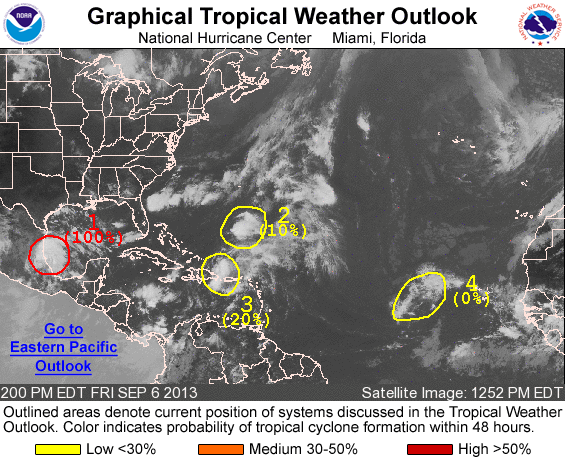
FOR THE NORTH ATLANTIC...CARIBBEAN SEA AND THE GULF OF MEXICO...

1. SATELLITE IMAGERY AND SURFACE OBSERVATIONS INDICATE THAT THE LOW PRESSURE AREA NEAR TAMPICO MEXICO HAS SLOWED ITS FORWARD MOVEMENT DURING THE PAST FEW HOURS. THIS HAS ALLOWED IT TO STAY OVER WATER AND BECOME BETTER ORGANIZED...AND A TROPICAL DEPRESSION ADVISORY WILL BE ISSUED IN THE NEXT HOUR OR TWO. THIS SYSTEM HAS A HIGH CHANCE...100 PERCENT...OF BECOMING A TROPICAL CYCLONE DURING THE NEXT 48 HOURS...AND A HIGH CHANCE...100 PERCENT...OF BECOMING A TROPICAL CYCLONE DURING THE NEXT FIVE DAYS. THE SYSTEM IS LIKELY TO BRING 3 TO 5 INCHES OF RAINFALL...WITH ISOLATED MAXIMUM AMOUNTS OF UP TO 8 INCHES...IN THE MEXICAN STATES OF VERACRUZ AND TAMAULIPAS DURING THE NEXT COUPLE OF DAYS. WINDS TO NEAR TROPICAL STORM FORCE ARE ALSO EXPECTED IN A FEW SQUALLS TODAY AND TONIGHT.

2. AN AREA OF DISTURBED WEATHER...ASSOCIATED WITH A TROUGH OF LOW PRESSURE...HAS BECOME MORE CONCENTRATED ABOUT 500 MILES SOUTH OF BERMUDA. DEVELOPMENT OF THIS SYSTEM DURING THE NEXT 48 HOURS...IF ANY...IS EXPECTED TO BE SLOW TO OCCUR DUE TO UNFAVORABLE UPPER-LEVEL WINDS. AFTER 48 HOURS...THE SYSTEM IS EXPECTED TO MERGE WITH A FRONTAL SYSTEM AND NO DEVELOPMENT IS EXPECTED. THIS SYSTEM HAS A LOW CHANCE...10 PERCENT...OF BECOMING A TROPICAL CYCLONE DURING THE NEXT 48 HOURS...AND A LOW CHANCE...10 PERCENT...OF BECOMING A TROPICAL CYCLONE DURING THE NEXT FIVE DAYS.

3. AN AREA OF DISTURBED WEATHER...THE REMNANTS OF GABRIELLE...IS CENTERED JUST NORTH OF THE EASTERN DOMINICAN REPUBLIC. WHILE THUNDERSTORM ACTIVITY HAS BECOME MORE CONCENTRATED THIS MORNING... ANY ADDITIONAL DEVELOPMENT IS EXPECTED TO BE SLOW DUE TO UNFAVORABLE UPPER-LEVEL WINDS. THIS SYSTEM HAS A LOW CHANCE... 20 PERCENT...OF BECOMING A TROPICAL CYCLONE DURING THE NEXT 48 HOURS AS IT MOVES NORTHWESTWARD OR NORTHWARD AT 10 TO 15 MPH. SOME DEVELOPMENT OF THIS SYSTEM IS POSSIBLE IN A FEW DAYS WHEN THE DISTURBANCE MOVES NORTHWARD OR NORTHEASTWARD AHEAD OF A COLD FRONT OVER THE CENTRAL ATLANTIC OCEAN. THIS SYSTEM HAS A MEDIUM CHANCE...40 PERCENT...OF BECOMING A TROPICAL CYCLONE DURING THE NEXT 5 DAYS. AN AIR FORCE RESERVE HURRICANE HUNTER AIRCRAFT IS CURRENTLY EN ROUTE TO INVESTIGATE THIS SYSTEM.

4. A BROAD LOW PRESSURE SYSTEM ASSOCIATED WITH A TROPICAL WAVE LOCATED ABOUT 650 MILES WEST OF THE CAPE VERDE ISLANDS IS PRODUCING DISORGANIZED SHOWER ACTIVITY. DEVELOPMENT OF THIS SYSTEM APPEARS UNLIKELY AT THIS TIME DUE TO UNFAVORABLE ENVIRONMENTAL CONDITIONS. THIS SYSTEM HAS A LOW CHANCE...NEAR 0 PERCENT...OF BECOMING A TROPICAL CYCLONE DURING THE NEXT 48 HOURS...AND A LOW CHANCE...NEAR 0 PERCENT...OF BECOMING A TROPICAL CYCLONE DURING THE NEXT 5 DAYS WHILE IT MOVES TO THE WEST-NORTHWEST OR WEST AT ABOUT 10 MPH.

OTHER SYSTEMS WITH FORMATION POTENTIAL BEYOND 48 HOURS...

A TROPICAL WAVE APPROACHING THE COAST OF WEST AFRICA IS EXPECTED TO MOVE OVER THE FAR EASTERN ATLANTIC OCEAN IN A DAY OR TWO...AND DEVELOPMENT OF THIS SYSTEM IS LIKELY EARLY NEXT WEEK. THIS SYSTEM HAS A LOW CHANCE...NEAR 0 PERCENT...OF BECOMING A TROPICAL CYCLONE DURING THE NEXT 48 HOURS...BUT A HIGH CHANCE...60 PERCENT...OF BECOMING A TROPICAL CYCLONE DURING THE NEXT 5 DAYS.

FIVE-DAY FORMATION PROBABILITIES ARE EXPERIMENTAL IN 2013. COMMENTS ON THE EXPERIMENTAL FORECASTS CAN BE PROVIDED AT...

HTTP://WWW.NWS.NOAA.GOV/SURVEY/NWS-SURVEY.PHP?CODE=ETWO

FORECASTER BEVEN